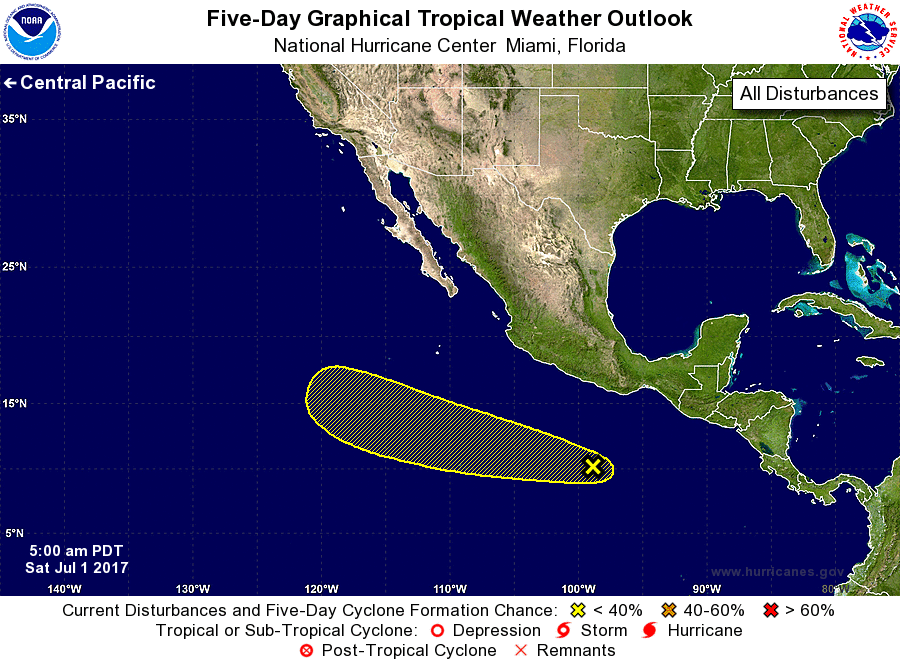
For the eastern North Pacific...east of 140 degrees west longitude:

1. A broad area of low pressure located several hundred miles south of Acapulco, Mexico, is producing a large area of disorganized showers and thunderstorms. Environmental conducive are expected to be conducive for gradual development of this system during the next several days while it moves west-northwestward well south of the coast of Mexico.
* Formation chance through 48 hours...low...near 0 percent.
* Formation chance through 5 days...low...20 percent.

Forecaster Cangialosi